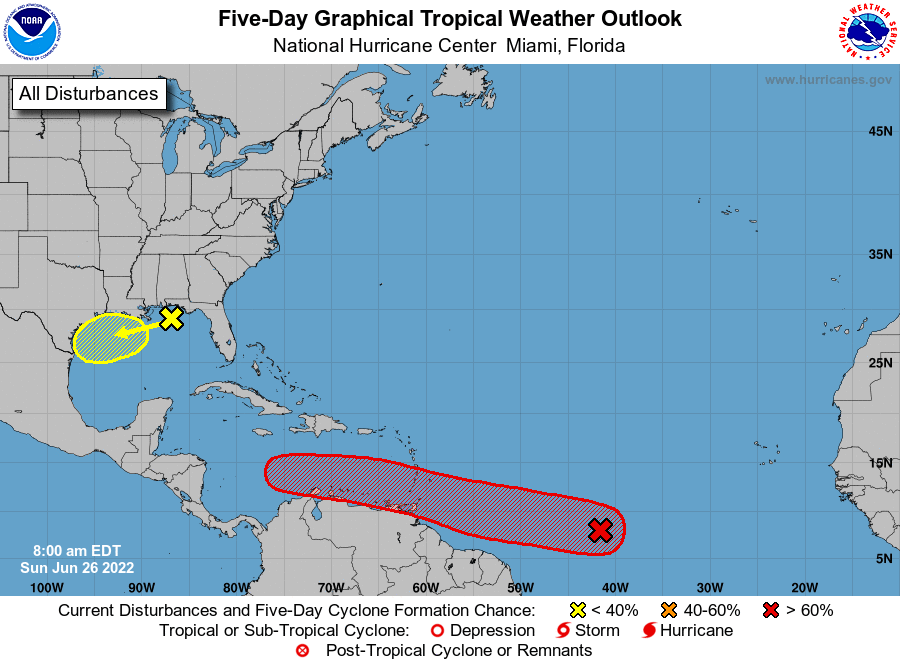
For the North Atlantic...Caribbean Sea and the Gulf of Mexico:

1. Central Tropical Atlantic: Shower and thunderstorm activity associated with a tropical wave over the central tropical Atlantic continues to become better organized. Environmental conditions appear conducive for further development, and a tropical depression is likely to form during the early to the middle part of this week. This system is forecast to move westward at 15 to 20 mph over the tropical Atlantic, approach the Windward Islands on Tuesday, and move across the southeastern Caribbean Sea on Wednesday and Thursday. Interests in the Windward Islands should monitor the progress of this system.
* Formation chance through 48 hours...medium...40 percent.
* Formation chance through 5 days...high...70 percent.

2. Northern Gulf of Mexico: An area of disorganized showers and thunderstorms extending from southeastern Louisiana across the northeastern Gulf of Mexico and the southern part of the Florida peninsula is associated with a trough of low pressure. Development of this system is expected to be slow to occur as it drifts westward across the northern Gulf of Mexico over the next few days.
* Formation chance through 48 hours...low...near 0 percent.
* Formation chance through 5 days...low...20 percent.

Forecaster Roberts